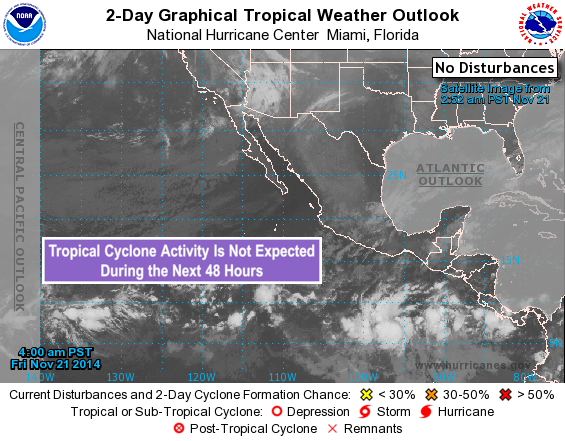
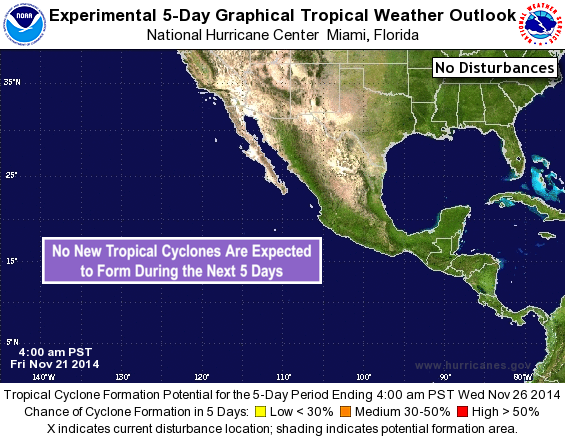
For the eastern North Pacific...east of 140 degrees west longitude:

Tropical cyclone formation is not expected during the next 5 days.

Forecaster Avila